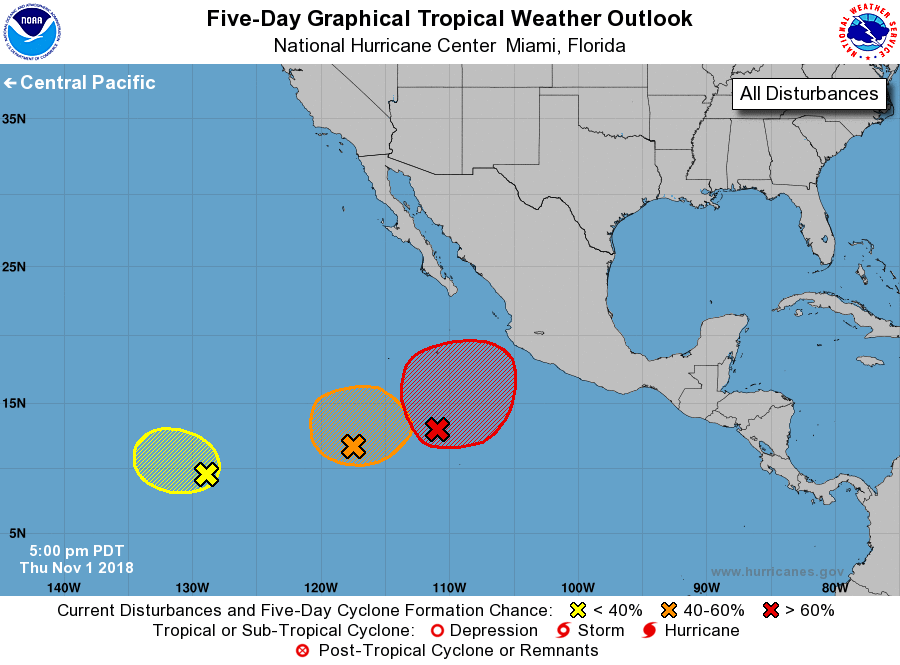
For the eastern North Pacific...east of 140 degrees west longitude:

1. A low pressure system centered about 700 miles south of the southern tip of the Baja California Peninsula has become better defined since yesterday. Shower and thunderstorm activity is beginning to show some signs of organization, and environmental conditions are forecast to be conducive for the development of a tropical depression during the next day or so while the system moves slowly northward or northeastward.
* Formation chance through 48 hours...high...80 percent.
* Formation chance through 5 days...high...90 percent.

2. Showers and thunderstorms associated with a broad area of low pressure located about 1500 miles southwest of the southern tip of the Baja California peninsula remain disorganized. Any development during the next few days should be slow to occur while the disturbance moves toward the west or west-northwest at 5 to 10 mph.
* Formation chance through 48 hours...low...10 percent.
* Formation chance through 5 days...low...10 percent.

3. An area of disturbed weather is located about 1000 miles southwest of the southern tip of the Baja California peninsula. Some development of this system is possible, although it could be limited due to the proximity of the larger disturbance to the east.
* Formation chance through 48 hours...low...20 percent.
* Formation chance through 5 days...medium...40 percent.

Forecaster Stewart